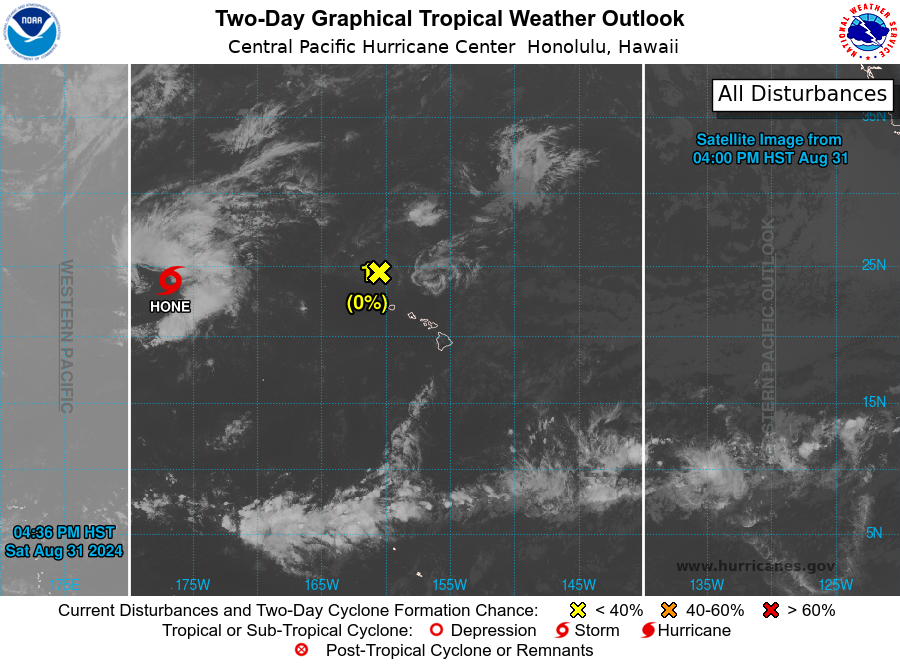
For the central North Pacific...between 140W and 180W:

Active Systems: The Central Pacific Hurricane Center in Honolulu, Hawaii is issuing advisories on Tropical Storm Hone. This system is located about 1100 miles west of Lihue, Hawaii, moving north-northwest at 7 mph.

1. Approximately 270 miles northwest of Honolulu: A surface low, the remnant of Tropical Cyclone Gilma, is moving west-northwest around 10 mph. Atmospheric conditions are not conducive for tropical cyclone redevelopment.
* Formation chance through 48 hours...low...near 0 percent.
* Formation chance through 7 days...low...near 0 percent.

Elsewhere, no tropical cyclones are expected during the next 7 days.

Public advisories on Tropical Storm Hone are issued under WMO header WTPA31 PHFO and under AWIPS header HFOTCPCP1. Forecast advisories on Tropical Storm Hone are issued under WMO header WTPA11 PHFO and under AWIPS header HFOTCMCP1.

Forecaster TS